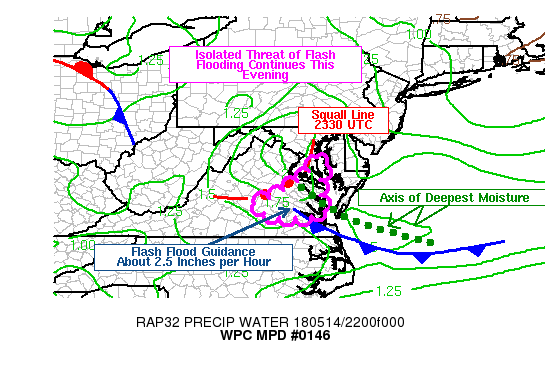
AREAS AFFECTED...MID ATLANTIC REGION

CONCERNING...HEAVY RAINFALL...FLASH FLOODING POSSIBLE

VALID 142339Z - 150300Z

SUMMARY...HEAVY RAINFALL FROM A FAST MOVING LINE OF THUNDERSTORMS
MOVE TO AREAS SOUTH OF THE WASHINGTON DC AREA AND EAST OF THE BLUE
RIDGE TOWARDS SOUTHEAST VA BY 0300Z.  THE AIRMASS AHEAD OF THE
STORMS WAS CHARACTERIZED BY PRECIPITABLE WATER VALUES APPROACHING
1.5 INCHES.  AS A RESULT...THE STORMS WILL CONTINUE TO BE CAPABLE
OF PRODUCING HEAVY RAINFALL AND LOCALIZED FLASH FLOODING.  THE
FAST FORWARD SPEED OF THE STORMS WILL WORKING AGAINST WIDESPREAD
COVERAGE OF FLOODING DESPITE INTENSE RAINFALL.

DISCUSSION...A LINE OF THUNDERSTORMS MOVING FROM THE WASHINGTON DC
METRO AREA AROUND 23Z WILL CONTINUE TO MOVE SOUTHEASTWARD QUICKLY.
 KLWX RADAR HAS SHOWN SEVERAL WELL DEFINED VORTICIES WITHIN THE
LINE OF STORMS.  THIS HAS RESULTED IN SOME AREAS GETTING ENHANCED
RAINFALL AMOUNTS ALONG AND NORTH OF THE VORT TRACK.  IN
ADDITION...THE STORMS ARE MOVING TOWARDS AN AIRMASS WHICH HAS
PRECIPITABLE WATER VALUES APPROACHING 1.5 INCHES...SOME 2
STANDARDIZED ANOMALIES ABOVE CLIMATOLOGY.  AS A RESULT...LOCALIZED
RAINFALL RATES OF OF 1 TO 2 INCHES PER HOUR SHOULD CONTINUE TO BE
REALIZED.  THE FAST FORWARD SPEED OF THE LINE OF THUNDERSTORMS
SHOULD LIMIT FLOODING FROM BECOME TOO WIDESPREAD.  IN
ADDITION...FLASH FLOOD GUIDANCE IS NEAR 2.5 INCHES PER HOUR.

THEREFORE...A NEAR-TERM FLASH FLOOD THREAT APPEARS TO PERSIST
BASED ON RECENT RADAR TRENDS.  BIGGEST CONCERN WILL BE WHERE THESE
HEAVIER RAINFALL RATES OVER URBANIZED AREAS.